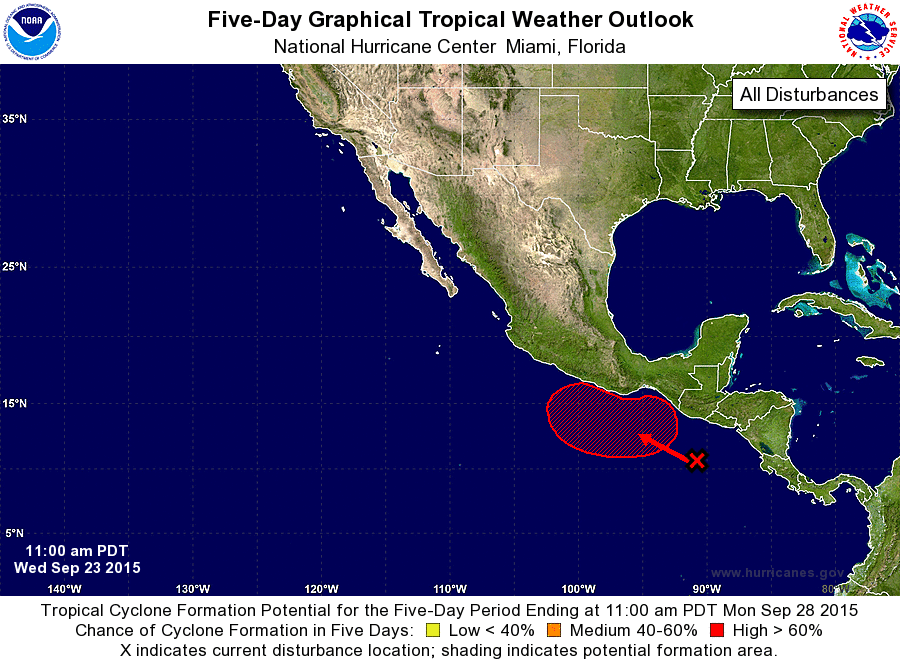
For the eastern North Pacific...east of 140 degrees west longitude:

1. An area of low pressure is expected to form several hundred miles south or southwest of the Gulf of Tehuantepec by late this week. Gradual development of this system is forecast, and a tropical depression is likely to form by the end of the weekend while the low moves northward or northeastward toward the coast of Mexico. Interests in Mexico should closely monitor the progress of this disturbance.
* Formation chance through 48 hours...low...20 percent
* Formation chance through 5 days...high...70 percent

Forecaster Kimberlain